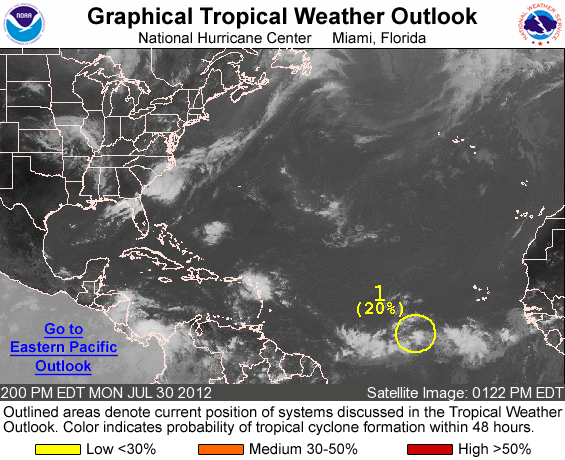
FOR THE NORTH ATLANTIC...CARIBBEAN SEA AND THE GULF OF MEXICO...

1. A WEAK AREA OF LOW PRESSURE ASSOCIATED WITH A TROPICAL WAVE LOCATED ABOUT 900 MILES SOUTHWEST OF THE CAPE VERDE ISLANDS CONTINUES TO PRODUCE DISORGANIZED SHOWER AND THUNDERSTORM ACTIVITY. ENVIRONMENTAL CONDITIONS APPEAR CONDUCIVE FOR SOME GRADUAL DEVELOPMENT OVER THE NEXT FEW DAYS...AND THIS SYSTEM HAS A LOW CHANCE...20 PERCENT...OF BECOMING A TROPICAL CYCLONE DURING THE NEXT 48 HOURS AS IT MOVES WESTWARD AT 10 TO 15 MPH.

ELSEWHERE...TROPICAL CYCLONE FORMATION IS NOT EXPECTED DURING THE NEXT 48 HOURS.

FORECASTER BRENNAN